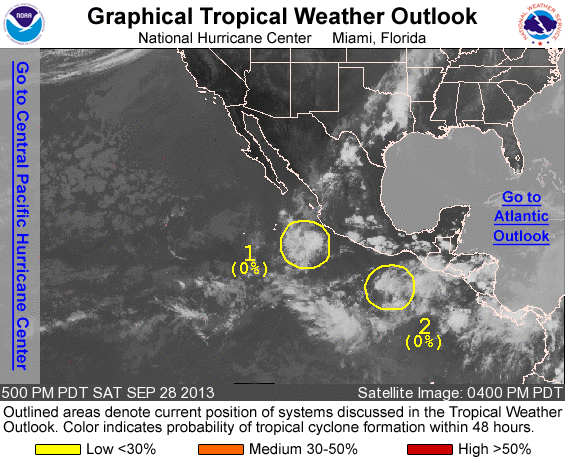
FOR THE EASTERN NORTH PACIFIC...EAST OF 140 DEGREES WEST LONGITUDE..

1. A WEAK AREA OF LOW PRESSURE LOCATED OFF OF THE WEST-CENTRAL COAST OF MEXICO CONTINUES TO PRODUCE A LIMITED AMOUNT OF DISORGANIZED SHOWER AND THUNDERSTORM ACTIVITY. ENVIRONMENTAL CONDITIONS ARE EXPECTED TO BECOME LESS CONDUCIVE FOR DEVELOPMENT DURING THE NEXT COUPLE OF DAYS...AND THE POTENTIAL FOR TROPICAL CYCLONE FORMATION APPEARS TO BE DECREASING. THIS SYSTEM HAS A LOW CHANCE...NEAR 0 PERCENT...OF BECOMING A TROPICAL CYCLONE DURING THE NEXT 48 HOURS AND A LOW CHANCE...NEAR 0 PERCENT...OF BECOMING A TROPICAL CYCLONE DURING THE NEXT 5 DAYS WHILE MOVING GENERALLY WESTWARD AT 5 TO 10 MPH.

2. A BROAD AREA OF LOW PRESSURE LOCATED A COUPLE HUNDRED MILES SOUTHWEST OF THE GULF OF TEHUANTEPEC IS PRODUCING DISORGANIZED SHOWER AND THUNDERSTORM ACTIVITY. SOME GRADUAL DEVELOPMENT OF THIS SYSTEM IS POSSIBLE OVER THE NEXT SEVERAL DAYS AS IT MOVES WESTWARD AT AROUND 10 MPH. THIS SYSTEM HAS A LOW CHANCE...NEAR 0 PERCENT... OF BECOMING A TROPICAL CYCLONE DURING THE NEXT 48 HOURS AND A LOW CHANCE...20 PERCENT...OF BECOMING A TROPICAL CYCLONE DURING THE NEXT 5 DAYS.

FIVE-DAY FORMATION PROBABILITIES ARE EXPERIMENTAL IN 2013. COMMENTS ON THE EXPERIMENTAL FORECASTS CAN BE PROVIDED AT...

HTTP://WWW.NWS.NOAA.GOV/SURVEY/NWS-SURVEY.PHP?CODE=ETWO

FORECASTER BRENNAN